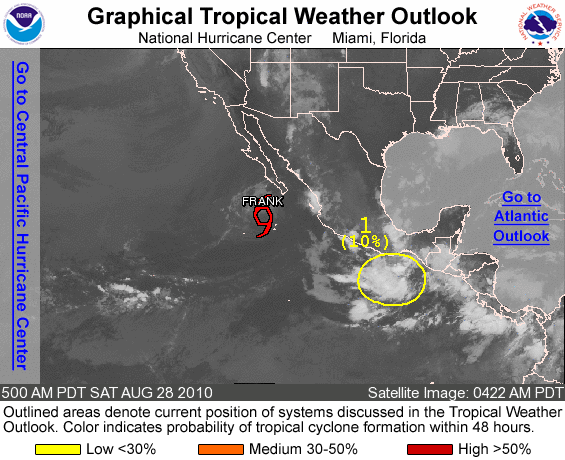
FOR THE EASTERN NORTH PACIFIC...EAST OF 140 DEGREES WEST LONGITUDE..

THE NATIONAL HURRICANE CENTER IS ISSUING ADVISORIES ON TROPICAL STORM FRANK...LOCATED ABOUT 240 MILES SOUTHWEST OF THE SOUTHERN TIP OF BAJA CALIFORNIA.

1. AN AREA OF SHOWERS AND THUNDERSTORMS HAS DEVELOPED A FEW HUNDRED MILES SOUTHEAST OF ACAPULCO MEXICO. THIS ACTIVITY IS CURRENTLY DISORGANIZED...BUT SOME SLOW DEVELOPMENT IS POSSIBLE OVER THE NEXT COUPLE OF DAYS AS THE SYSTEM MOVES WEST-NORTHWESTWARD AT 10 TO 15 MPH. THERE IS A LOW CHANCE...10 PERCENT...OF THIS SYSTEM BECOMING A TROPICAL CYCLONE DURING THE NEXT 48 HOURS.

ELSEWHERE...TROPICAL CYCLONE FORMATION IS NOT EXPECTED DURING THE NEXT 48 HOURS.

FORECASTER KIMBERLAIN